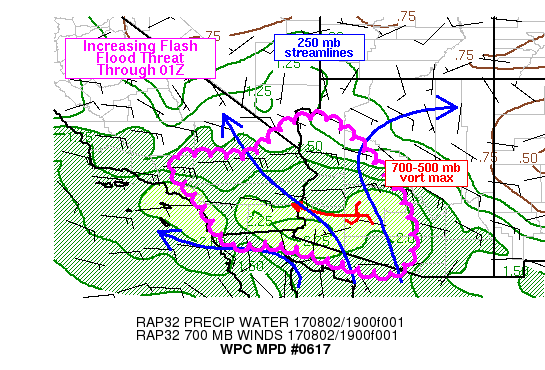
AREAS AFFECTED...SRN CA/SRN AND WRN AZ INTO SRN NV

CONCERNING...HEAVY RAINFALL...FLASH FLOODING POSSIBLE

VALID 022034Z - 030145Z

SUMMARY...SLOW MOVING STORMS CAPABLE OF RAINFALL RATES OF 1-2
IN/HR ARE EXPECTED TO BECOME MORE WIDESPREAD THIS AFTERNOON FROM
SRN/WRN AZ INTO SRN CA AND AS FAR NORTH AS FAR SRN NV. THESE
STORMS WILL POSE A FLASH FLOOD THREAT THROUGH AT LEAST 01Z.

DISCUSSION...EXPERIMENTAL GOES 16 VISIBLE IMAGERY AS OF 20Z SHOWED
A MESOSCALE CIRCULATION OVER MARICOPA COUNTY AZ...TRACKING TOWARD
THE WEST. CLEARING TRENDS HAVE BEEN NOTED IN SKY COVER OVER THE
PAST COUPLE OF HOURS FROM MUCH OF SRN CA INTO SWRN AZ AND
CONVECTIVE ACTIVITY WAS SUBSEQUENTLY INCREASING ALONG THE
PENINSULA RANGES OF SRN CA...FAR SWRN AZ AND S-CNTRL AZ. WATER
VAPOR IMAGERY INDICATED A STRONGLY DEFINED MID-UPPER LEVEL
VORTICITY MAX OVER NRN BAJA CALIFORNIA WITH HIGHLY DIFFLUENT FLOW
PRESENT FROM SRN CA INTO WRN AZ.

PRECIPITABLE WATER VALUES PER RECENT GPS SITES WERE IN THE 2 TO
2.25 INCH RANGE EXTENDING FROM THE COAST OF SRN CA TO S-CNTRL
AZ...CONFIRMED WITH AN 18Z RAOB FROM YUMA SHOWING 2.2 INCHES. THE
18Z YUMA SOUNDING ALSO SHOWED LITTLE TO NO CIN REMAINING AND 0-6
KM MEAN FLOW OF 4 KT FROM THE SOUTHEAST INDICATIVE OF WEAKLY
ORGANIZED BUT SLOW MOVING STORMS. SIMILAR TO YESTERDAY...700 MB
FLOW REMAINS SLIGHTLY ENHANCED...10-20 KT...FROM CNTRL AZ INTO
SWRN CA TO THE SOUTH OF MID-LEVEL RIDGING SITUATED OVER CNTRL NV.

GIVEN THE OBSERVED CLEARING TRENDS ALLOWING FOR INCREASED HEATING
AND SUBSEQUENT CAPE GENERATION...CONVECTIVE ACTIVITY IS EXPECTED
TO INCREASE AHEAD OF THE AFOREMENTIONED CIRCULATION IN S-CNTRL AZ
WITH SLOW STORM MOTIONS AND LIKELY SHORT LIVED BUT INTENSE
RAINFALL RATES OF 1-2 IN/HR TOWARD THE CO RIVER VALLEY. CONVECTION
IN SRN CA IS ALSO EXPECTED TO BECOME ANCHORED ALONG THE TERRAIN
WITH SLOW MOVEMENT AND TRAINING LEADING TO A FLASH FLOOD THREAT
ABOVE THE LOW LEVEL INVERSION NOTED ON THE 12Z NKX SOUNDING.
LASTLY...AS CONVECTION LIKELY INCREASES OVER THE HIGHER TERRAIN OF
NWRN AZ THIS AFTERNOON...IT SHOULD MOVE SWWD INTO THE BUILDING
INSTABILITY NEAR THE TRI-STATE REGION OF NV/CA/AZ POSING A FLASH
FLOOD THREAT INTO THE EARLY EVENING.